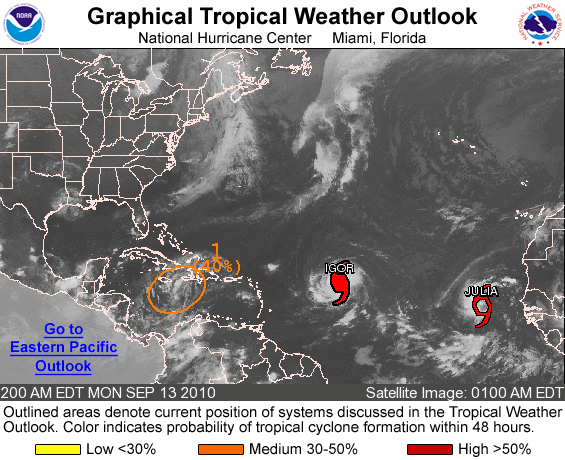
FOR THE NORTH ATLANTIC...CARIBBEAN SEA AND THE GULF OF MEXICO...

THE NATIONAL HURRICANE CENTER IS ISSUING ADVISORIES ON HURRICANE IGOR...LOCATED ABOUT 1000 MILES EAST OF THE NORTHERN LEEWARD ISLANDS...AND ON RECENTLY UPGRADED TROPICAL STORM JULIA...LOCATED ABOUT 60 MILES SOUTH-SOUTHEAST OF THE SOUTHERNMOST CAPE VERDE ISLANDS.

1. CLOUDINESS AND SHOWERS REMAIN DISORGANIZED IN ASSOCIATION WITH A TROUGH OF LOW PRESSURE OVER THE CENTRAL CARIBBEAN SEA. ENVIRONMENTAL CONDITIONS APPEAR FAVORABLE FOR SOME DEVELOPMENT DURING THE NEXT COUPLE OF DAYS AS THE TROUGH MOVES WEST- NORTHWESTWARD AT 10 TO 15 MPH. THERE IS A MEDIUM CHANCE...40 PERCENT...OF THIS SYSTEM BECOMING A TROPICAL CYCLONE DURING THE NEXT 48 HOURS. REGARDLESS OF DEVELOPMENT...LOCALLY HEAVY RAINFALL IS POSSIBLE OVER PORTIONS OF HISPANIOLA... JAMAICA...AND CUBA DURING THE NEXT DAY OR TWO. THESE RAINS COULD CAUSE LIFE-THREATENING FLASH FLOODS AND MUD SLIDES...ESPECIALLY IN MOUNTAINOUS TERRAIN.

ELSEWHERE...TROPICAL CYCLONE FORMATION IS NOT EXPECTED DURING THE NEXT 48 HOURS.

PUBLIC ADVISORIES ON JULIA ARE ISSUED UNDER WMO HEADER WTNT32 KNHC AND UNDER AWIPS HEADER MIATCPAT2. FORECAST/ADVISORIES ARE ISSUED UNDER WMO HEADER WTNT22 KNHC AND UNDER AWIPS HEADER MIATCMAT2.

FORECASTER CANGIALOSI/PASCH